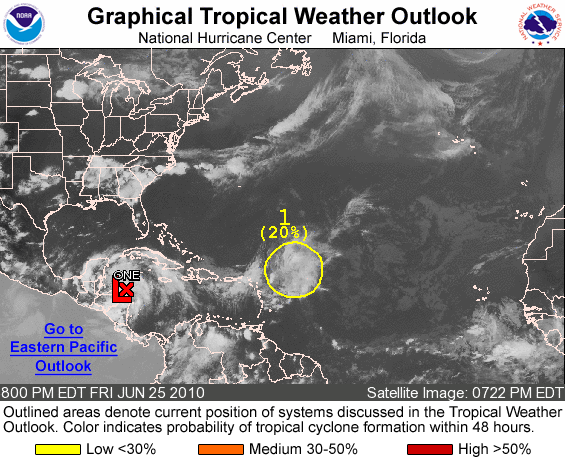
FOR THE NORTH ATLANTIC...CARIBBEAN SEA AND THE GULF OF MEXICO...

THE NATIONAL HURRICANE CENTER IS ISSUING ADVISORIES ON NEWLY FORMED TROPICAL DEPRESSION ONE...LOCATED ABOUT 345 MILES SOUTHEAST OF COZUMEL MEXICO.

1. A LARGE BUT DISORGANIZED AREA OF CLOUDINESS AND SHOWERS CENTERED JUST EAST OF THE NORTHERN LEEWARD ISLANDS IS ASSOCIATED WITH A TROPICAL WAVE INTERACTING WITH AN UPPER-LEVEL TROUGH. THERE IS THE POTENTIAL FOR SOME SLOW DEVELOPMENT OF THIS SYSTEM AS IT MOVES TOWARD THE NORTHWEST AT 10 TO 15 MPH. THERE IS A LOW CHANCE...20 PERCENT...OF THIS SYSTEM BECOMING A TROPICAL CYCLONE DURING THE NEXT 48 HOURS.

ELSEWHERE...TROPICAL CYCLONE FORMATION IS NOT EXPECTED DURING THE NEXT 48 HOURS.

PUBLIC ADVISORIES ON TROPICAL DEPRESSION ONE ARE ISSUED UNDER WMO HEADER WTNT31 KNHC AND UNDER AWIPS HEADER MIATCPAT1. FORECAST/ADVISORIES ON TROPICAL DEPRESSION ONE ARE ISSUED UNDER WMO HEADER WTNT21 KNHC AND UNDER AWIPS HEADER MIATCMAT1.

FORECASTER BRENNAN